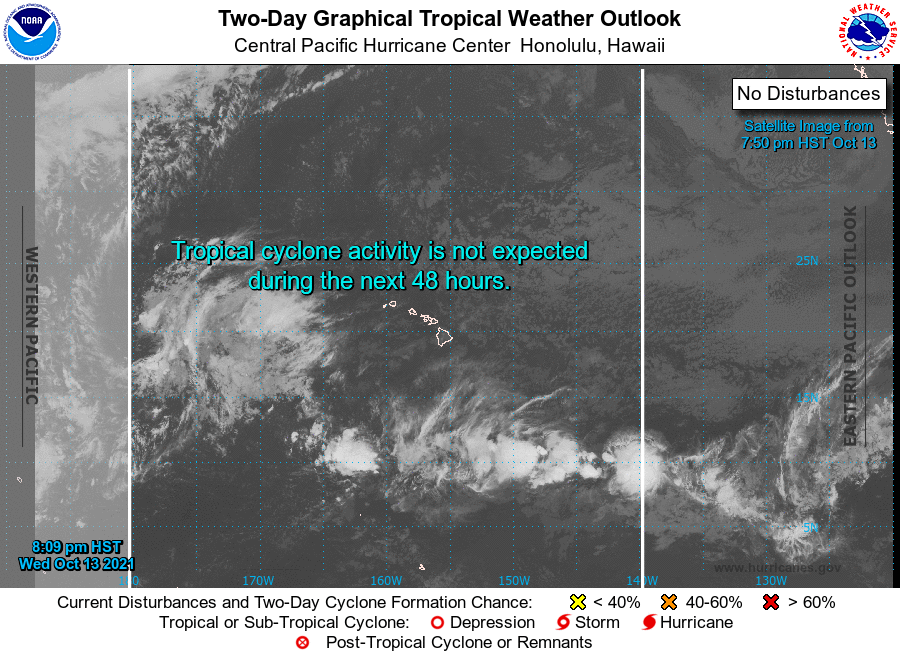
For the central North Pacific...between 140W and 180W:

No tropical cyclones are expected during the next 5 days.

Forecaster Blood